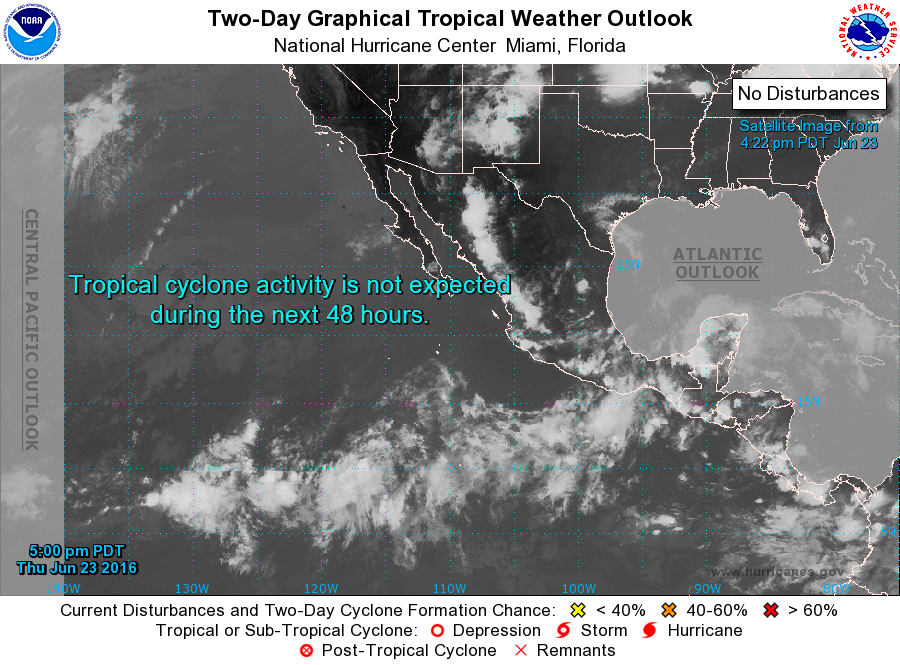
For the eastern North Pacific...east of 140 degrees west longitude:

1. An area of low pressure is expected to form during the weekend well to the southwest of the southern tip of the Baja California peninsula. Some slow development of the low is possible by early next week as the system moves westward.
* Formation chance through 48 hours...low...near 0 percent
* Formation chance through 5 days...low...20 percent

Forecaster Beven